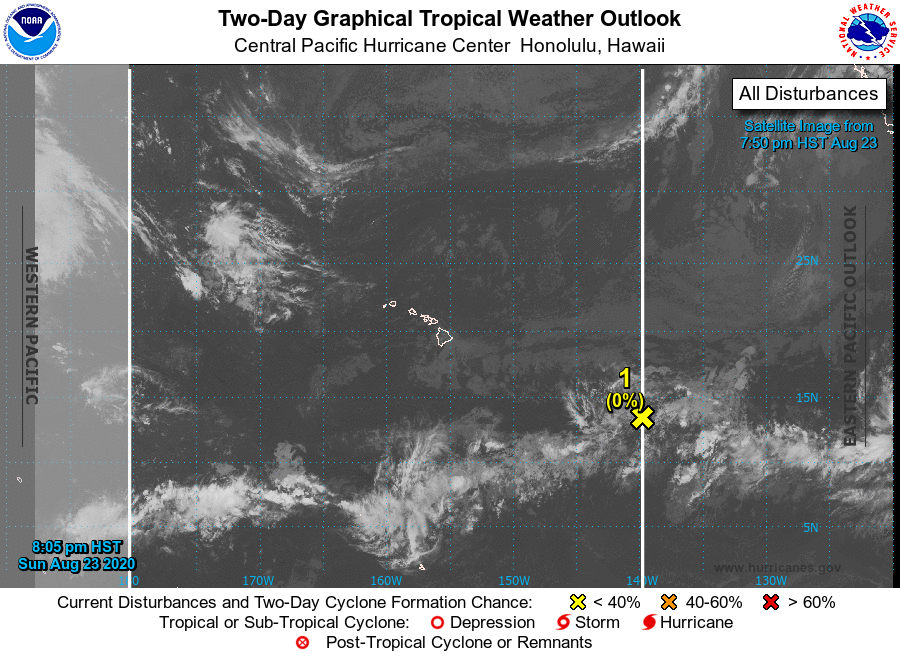
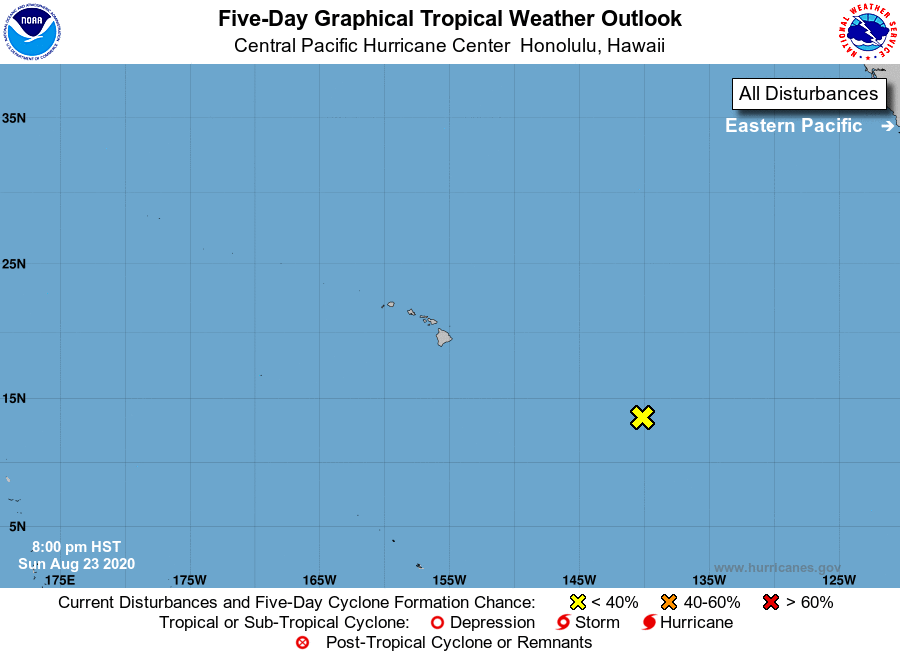
For the central North Pacific...between 140W and 180W:

1. The elongated remnant low of Tropical Depression Ten-E, located around 1100 miles east-southeast of Hilo, Hawaii, remains disorganized this evening. Environmental conditions will remain unfavorable during the next several days as the system meanders or drifts slowly westward. Development of this system is no longer expected.
* Formation chance through 48 hours...low...near 0 percent.
* Formation chance through 5 days...low...near 0 percent.

Elsewhere, no tropical cyclones are expected during the next 5 days.

Forecaster Jelsema